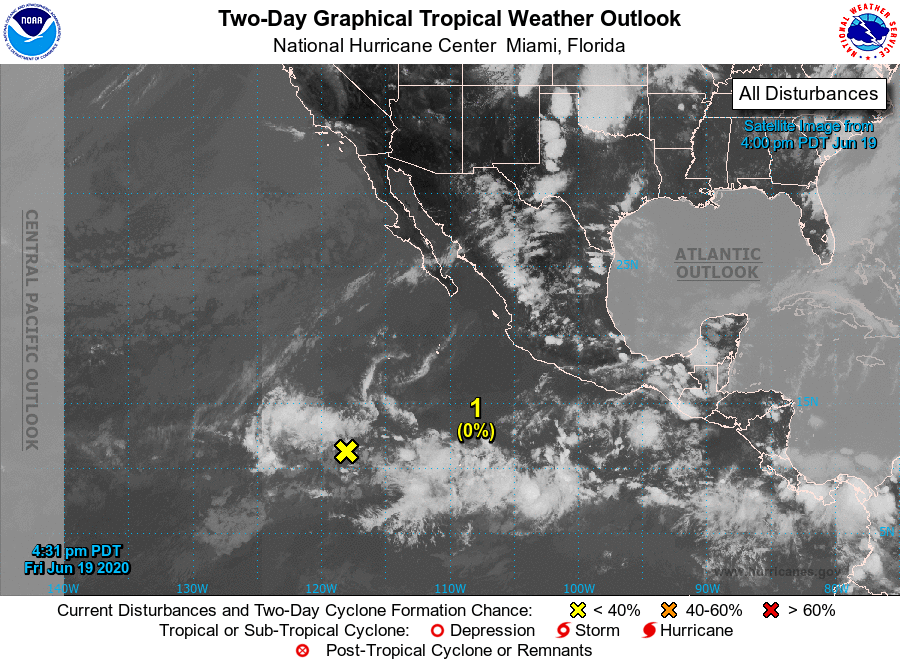
For the eastern North Pacific...east of 140 degrees west longitude:

1. A broad area of low pressure located more than 1000 miles southwest of the southern tip of the Baja California peninsula is producing disorganized showers and thunderstorms. Environmental conditions could support some slow development of the system through early next week while it moves generally westward.
* Formation chance through 48 hours...low...near 0 percent.
* Formation chance through 5 days...low...30 percent.

Forecaster Beven